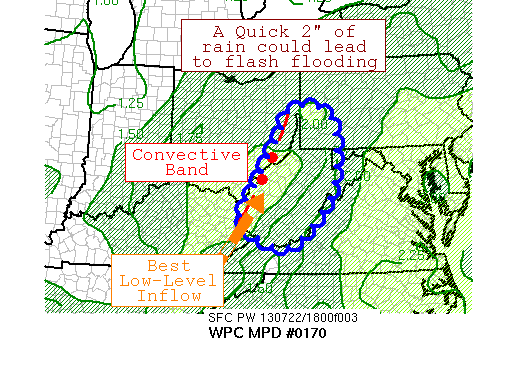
AREAS AFFECTED...MUCH OF WV...SOUTHWEST PA

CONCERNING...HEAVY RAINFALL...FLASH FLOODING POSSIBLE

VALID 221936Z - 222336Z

SUMMARY...A BROKEN BAND OF THUNDERSTORMS WITH HEAVY RAINFALL RATES
IS MOVING INTO AN AREA WITH LOW FLASH FLOOD GUIDANCE VALUES --
FFGS -- ACROSS WV AND SOUTHWEST PA.  FLASH FLOODING IS POSSIBLE IN
THIS REGION.

DISCUSSION...A BAND OF CONVECTION IS MOVING INTO/TOWARDS WV AT
THIS TIME, WITH SCATTERED THUNDERSTORMS ONGOING ACROSS SOUTHWEST
PA.  THIS ACTIVITY IS FOCUSED NEAR A SURFACE TROUGH/OUTFLOW
BOUNDARY MOVING INTO THE AREA FROM OHIO.  DIVERGENCE ALOFT IS
BEING AIDED BY A SHORTWAVE MOVING ACROSS IN AND SOUTHERN MI.
AHEAD OF THE BAND, 850 HPA WINDS ARE ON THE ORDER OF 30 KNOTS,
WHICH ARE INTERACTING WITH PRECIPITABLE WATER VALUES -- PWS -- OF
NEAR TWO INCHES.  THIS SETUP SHOULD ALLOW FOR CONTINUED
ORGANIZATION OF CONVECTION IN THIS REGION.  THE PWS ARE BETWEEN
THE 80TH AND 90TH PERCENTILES FOR THE REGION FOR LATE JULY, WHICH
ADDS TO THE FLASH FLOOD POTENTIAL.  CAPE VALUES ARE BETWEEN
1000-1500 J/KG ACROSS WV.  THE MAIN PRECIPITATION BAND HAS A
HISTORY OF PRODUCING 1.5-2 INCHES OF RAINFALL WITHIN A FEW HOURS,
WHICH WOULD SLIGHTLY EXCEED THE FFGS ACROSS THE REGION.
CONSIDERING THE ABOVE, BELIEVE THE CONVECTIVE BAND WILL CONTINUE
MOVING ALONG WITH LITTLE CHANGE IN INTENSITY OVER THE NEXT SEVERAL
HOURS.  A QUICK 2 INCHES OF RAINFALL IS EXPECTED, WHICH COULD LEAD
TO REGIONAL FLASH FLOODING.